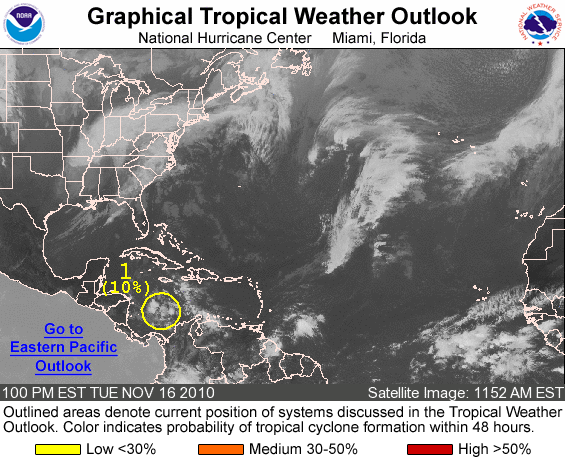
FOR THE NORTH ATLANTIC...CARIBBEAN SEA AND THE GULF OF MEXICO...

1. SHOWER ACTIVITY ASSOCIATED WITH A BROAD AREA OF LOW PRESSURE OVER THE SOUTHWESTERN CARIBBEAN SEA REMAINS DISORGANIZED...AND THE CIRCULATION OF THE LOW HAS BECOME LESS DEFINED THIS MORNING. DEVELOPMENT OF THIS DISTURBANCE IS BECOMING LESS LIKELY AS IT MOVES SLOWLY WEST-NORTHWESTWARD OR NORTHWESTWARD DURING THE NEXT COUPLE OF DAYS. THERE IS A LOW CHANCE...10 PERCENT...OF THIS SYSTEM BECOMING A TROPICAL CYCLONE DURING THE NEXT 48 HOURS.

ELSEWHERE...TROPICAL CYCLONE FORMATION IS NOT EXPECTED DURING THE NEXT 48 HOURS.

FORECASTER KIMBERLAIN/BLAKE